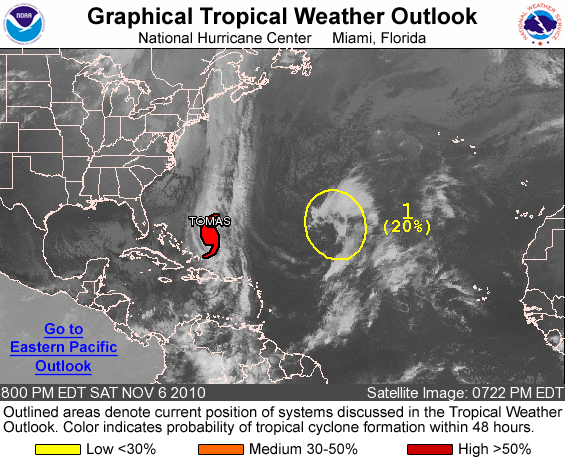
FOR THE NORTH ATLANTIC...CARIBBEAN SEA AND THE GULF OF MEXICO...

THE NATIONAL HURRICANE CENTER IS ISSUING ADVISORIES ON HURRICANE TOMAS...LOCATED ABOUT 260 MILES NORTH-NORTHEAST OF GRAND TURK ISLAND.

1. A LARGE AREA OF CLOUDINESS AND THUNDERSTORMS CENTERED ABOUT 1000 MILES EAST-SOUTHEAST OF BERMUDA IS ASSOCIATED WITH A SURFACE TROUGH AND AN UPPER-LEVEL LOW. SOME DEVELOPMENT OF THIS SYSTEM IS POSSIBLE BEFORE IT MOVES OVER COOLER SEA SURFACE TEMPERATURES AND INTERACTS WITH A FRONTAL BOUNDARY IN A DAY OR SO. THERE IS A LOW CHANCE...20 PERCENT...OF THIS SYSTEM BECOMING A SUBTROPICAL OR TROPICAL CYCLONE DURING THE NEXT 48 HOURS AS IT MOVES NORTHWESTWARD AT 15 TO 20 MPH.

ELSEWHERE...TROPICAL CYCLONE FORMATION IS NOT EXPECTED DURING THE NEXT 48 HOURS.

FORECASTER BROWN